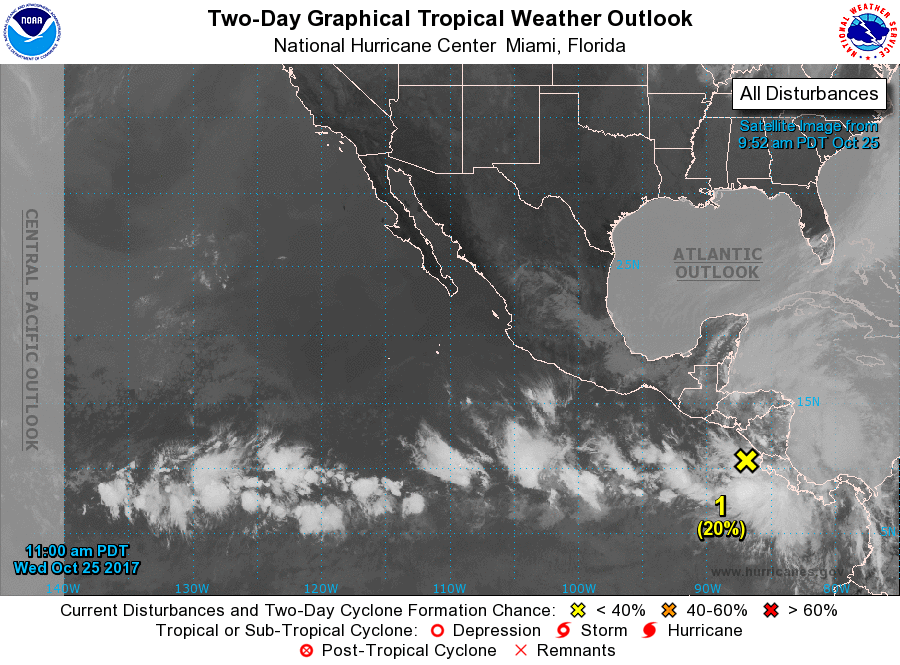
For the eastern North Pacific...east of 140 degrees west longitude:

1. An area of low pressure is expected to form over the far eastern North Pacific in a day or two. Environmental conditions are expected to be generally conducive for additional development for a couple of days thereafter as the system moves west-northwestward to northwestward near the coast of Central America and southeastern Mexico.
* Formation chance through 48 hours...low...20 percent.
* Formation chance through 5 days...medium...40 percent.

Forecaster Zelinsky